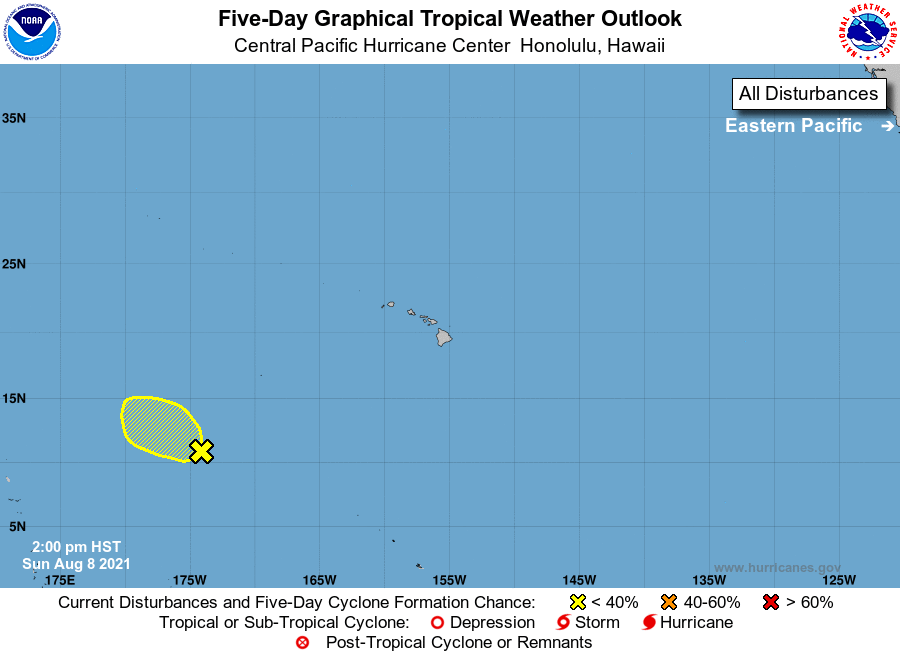
For the central North Pacific...between 140W and 180W:

1. An elongated area of low pressure located around 1300 miles southwest of Honolulu, Hawaii is producing disorganized showers and thunderstorms. Environmental conditions should be becoming less favorable for development while it moves west or west-northwest at about 10 mph during the next few days.
* Formation chance through 48 hours...low...10 percent.
* Formation chance through 5 days...low...10 percent.

Elsewhere, no tropical cyclones are expected during the next 5 days.

Forecaster Kino